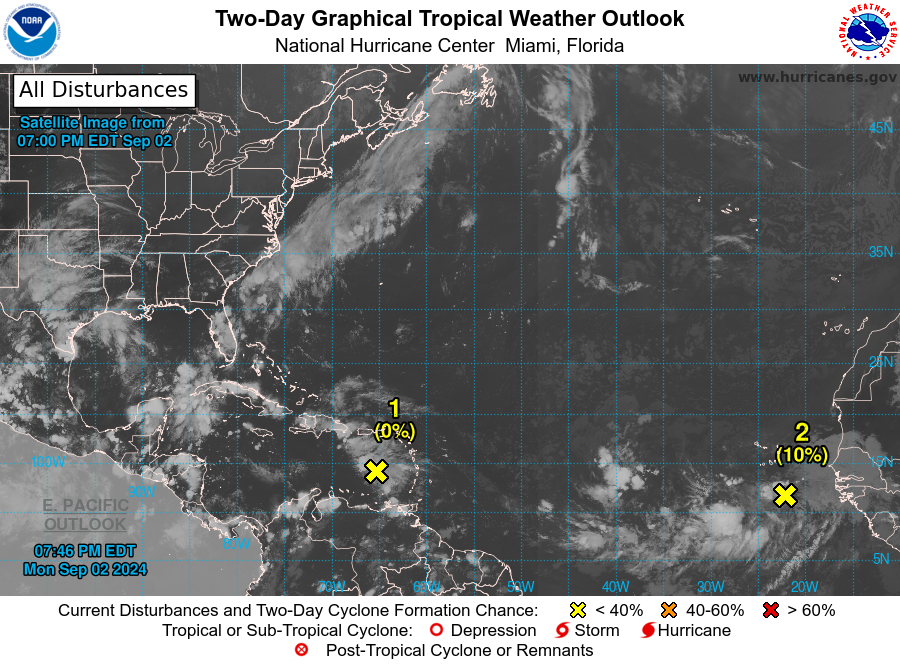
For the North Atlantic...Caribbean Sea and the Gulf of Mexico:

1. Caribbean Sea: A westward-moving tropical wave is producing disorganized showers and thunderstorms accompanied by locally heavy rainfall and strong gusty winds over portions of the eastern Caribbean Sea and the adjacent land areas. Environmental conditions are forecast to become more conducive for development when the system reaches the western Caribbean Sea and southwestern Gulf of Mexico late this week and over the weekend, and a tropical depression could form during that time.
* Formation chance through 48 hours...low...near 0 percent.
* Formation chance through 7 days...medium...40 percent.

2. Eastern Tropical Atlantic Ocean: A tropical wave over the far eastern Atlantic is producing disorganized showers and thunderstorms. Environmental conditions are forecast to become a little more conducive for development, and a tropical depression could form in a few days while the disturbance moves slowly west-northwestward or northwestward over the eastern tropical Atlantic Ocean. This system could produce locally heavy rains and gusty winds across portions of the Cabo Verde Islands in a day or two.
* Formation chance through 48 hours...low...10 percent.
* Formation chance through 7 days...medium...40 percent.

Forecaster Pasch